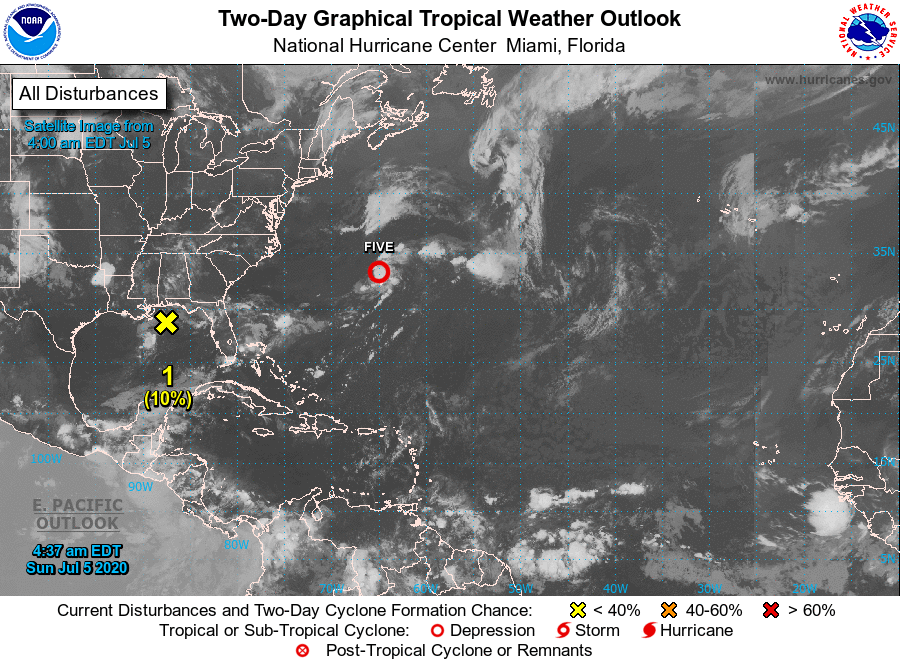
For the North Atlantic...Caribbean Sea and the Gulf of Mexico:

The National Hurricane Center is issuing advisories on Tropical Depression Five, located less than 200 miles west-southwest of Bermuda.

1. Disorganized cloudiness and showers over the far northern Gulf of Mexico are associated with a nearly stationary surface trough. Some slight development of this system is possible before the trough moves onshore along the northeastern Gulf Coast on Monday. The system is then forecast to move northeastward and emerge offshore of the Carolinas on Wednesday, where environmental conditions are expected to be more conducive for development.
* Formation chance through 48 hours...low...10 percent.
* Formation chance through 5 days...low...30 percent.

Public Advisories on Tropical Depression Five are issued under WMO header WTNT35 KNHC and under AWIPS header MIATCPAT5. Forecast/Advisories on Tropical Depression Five are issued under WMO header WTNT25 KNHC and under AWIPS header MIATCMAT5.

Forecaster Beven